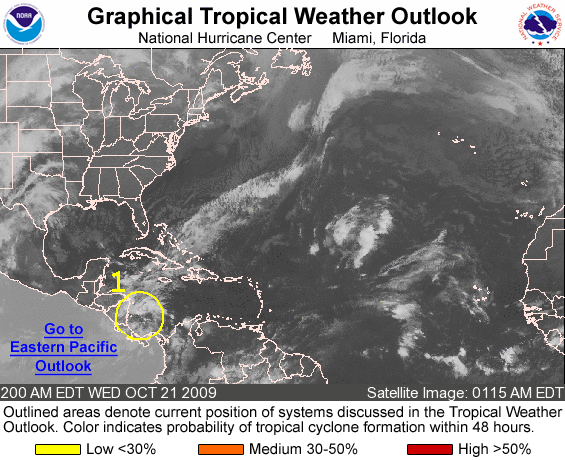
FOR THE NORTH ATLANTIC...CARIBBEAN SEA AND THE GULF OF MEXICO...

1. A BROAD AREA OF LOW PRESSURE OVER THE SOUTHWESTERN CARIBBEAN SEA IS PRODUCING A LARGE AREA OF CLOUDINESS AND SHOWERS. DEVELOPMENT OF THIS SYSTEM...IF ANY...IS EXPECTED TO BE SLOW TO OCCUR AS IT REMAINS NEARLY STATIONARY DURING THE NEXT COUPLE OF DAYS. REGARDLESS OF DEVELOPMENT...HEAVY RAINS FROM THE LOW ARE POSSIBLE PRIMARILY OVER COSTA RICA...NICARAGUA...AND HONDURAS. THERE IS A LOW CHANCE...LESS THAN 30 PERCENT...OF THIS SYSTEM BECOMING A TROPICAL CYCLONE DURING THE NEXT 48 HOURS.

ELSEWHERE...TROPICAL CYCLONE FORMATION IS NOT EXPECTED DURING THE NEXT 48 HOURS.

FORECASTER KIMBERLAIN/FRANKLIN